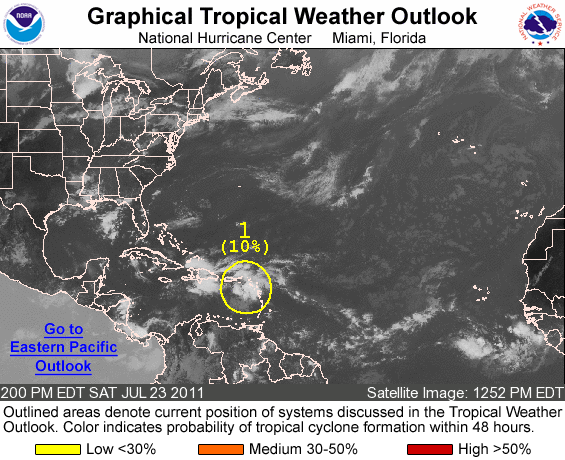
FOR THE NORTH ATLANTIC...CARIBBEAN SEA AND THE GULF OF MEXICO...

1. A TROPICAL WAVE OVER THE FAR EASTERN CARIBBEAN SEA IS PRODUCING DISORGANIZED SHOWERS AND THUNDERSTORMS OVER THE LEEWARD ISLANDS AND PUERTO RICO. DEVELOPMENT OF THIS SYSTEM IS NOT LIKELY DUE TO UPPER-LEVEL WINDS BECOMING LESS CONDUCIVE AND INTERACTION WITH HISPANIOLA BY SUNDAY. THIS SYSTEM HAS A LOW CHANCE...10 PERCENT... OF BECOMING A TROPICAL CYCLONE DURING THE NEXT 48 HOURS AS IT MOVES TO THE WEST-NORTHWEST AT 15 TO 20 MPH. BRIEF PERIODS OF LOCALLY HEAVY RAINFALL AND GUSTY WINDS ARE POSSIBLE OVER THE LEEWARD ISLANDS...PUERTO RICO...AND HISPANIOLA THIS AFTERNOON INTO EARLY SUNDAY.

ELSEWHERE...TROPICAL CYCLONE FORMATION IS NOT EXPECTED DURING THE NEXT 48 HOURS.

FORECASTER BLAKE